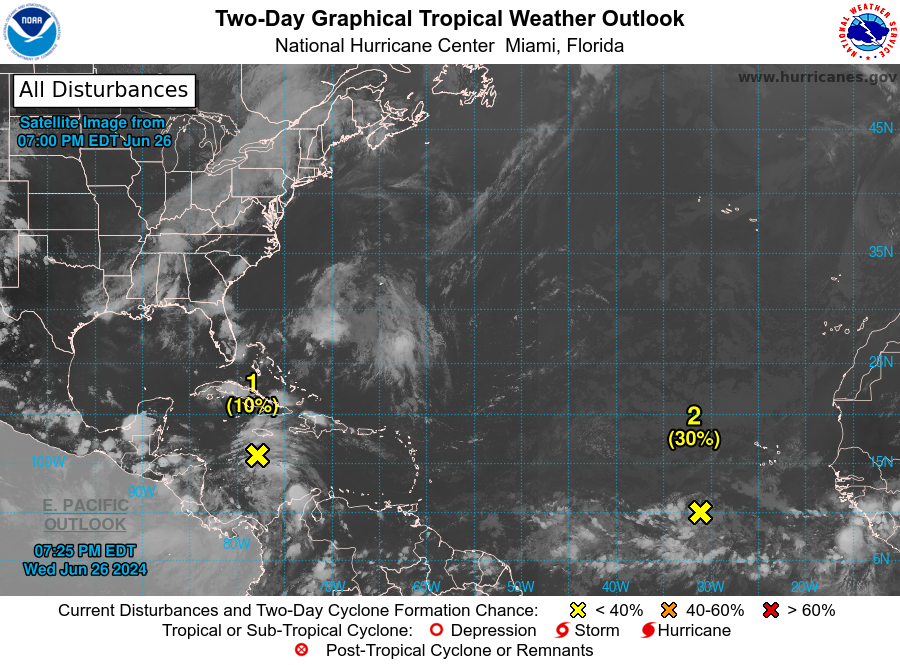
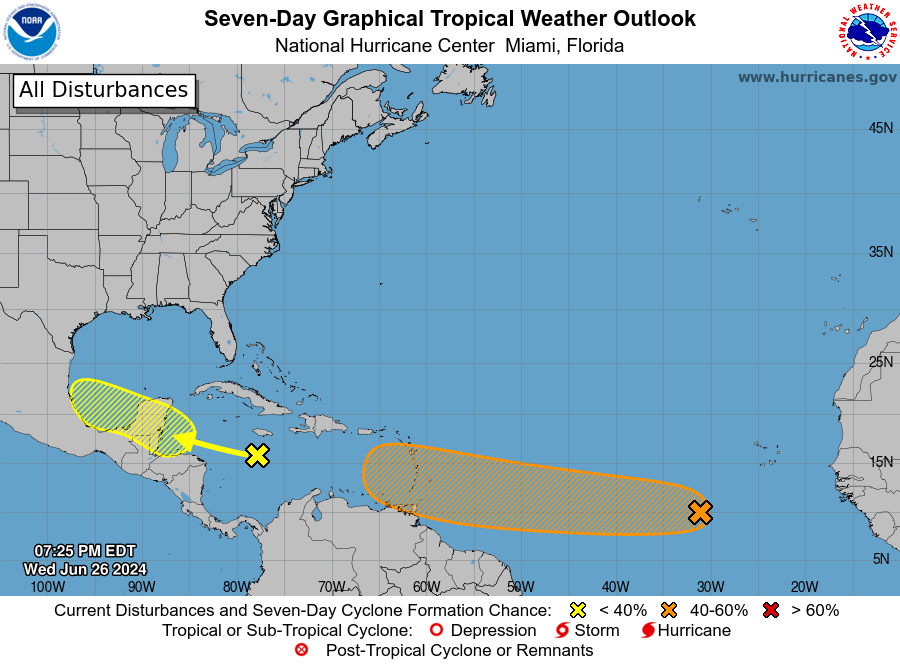
For the North Atlantic...Caribbean Sea and the Gulf of Mexico:

1. Western Caribbean/Southwestern Gulf of Mexico (AL94): A tropical wave over the west-central Caribbean Sea is producing widespread but disorganized shower and thunderstorm activity while it moves rapidly westward at around 25 mph. Environmental conditions could become more conducive for some gradual development later this week over the western Caribbean Sea or over the southwestern Gulf of Mexico during the weekend.
* Formation chance through 48 hours...low...10 percent.
* Formation chance through 7 days...low...20 percent.

2. Eastern Tropical Atlantic (AL95): Satellite images indicate that a tropical wave located several hundred miles southwest of the Cabo Verde Islands has become better organized since yesterday with a more concentrated area of thunderstorms. Environmental conditions are forecast to be unusually conducive for late June across the central and western tropical Atlantic, and further development of this system is anticipated. A tropical depression or tropical storm could form this weekend several hundred miles east of the Windward Islands while the system moves westward at 15 to 20 mph.
* Formation chance through 48 hours...low...30 percent.
* Formation chance through 7 days...medium...60 percent.

Forecaster Blake